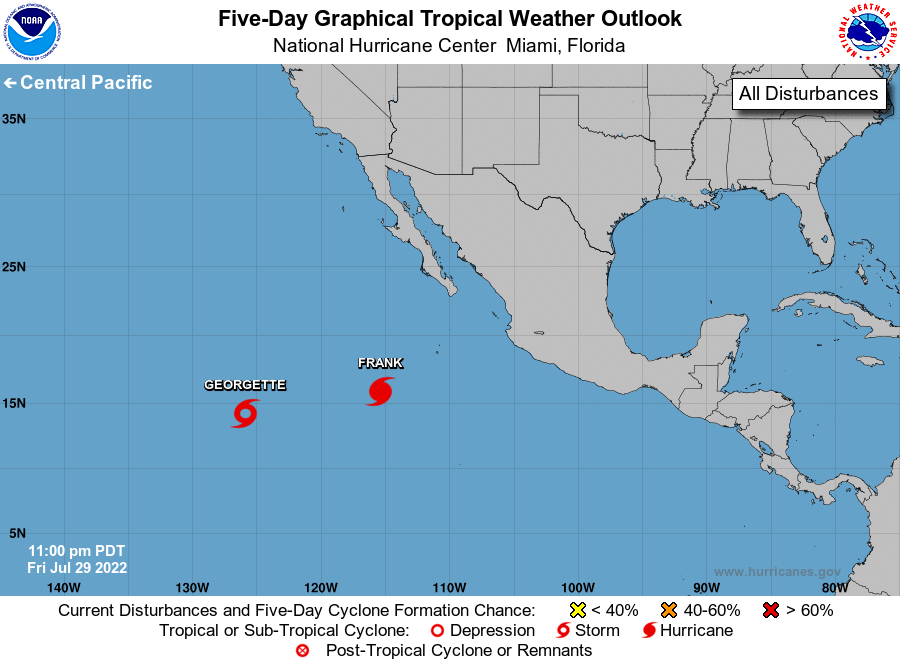
For the eastern North Pacific...east of 140 degrees west longitude:

Active Systems: The National Hurricane Center is issuing advisories on Tropical Storm Frank, located several hundred miles south-southwest of the southern tip of the Baja California peninsula and on Tropical Storm Georgette, located well over a thousand miles west-southwest of the southern tip of the Baja California peninsula.

Tropical cyclone formation is not expected during the next 5 days.

Forecaster Pasch